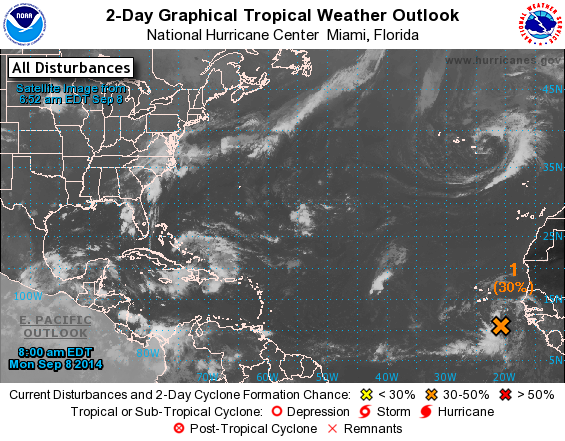
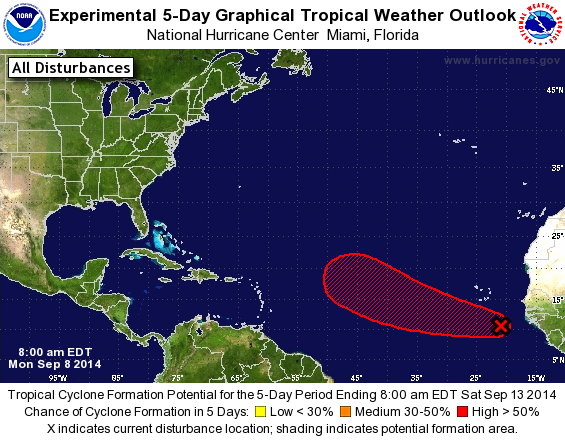
For the North Atlantic...Caribbean Sea and the Gulf of Mexico:

1. A broad area of low pressure located a few hundred miles south-southeast of the Cape Verde Islands is producing a large area of cloudiness and disorganized thunderstorms. Environmental conditions are forecast to be conducive for gradual development of this disturbance during the next several days while it moves westward or west-northwestward at about 15 mph.
* Formation chance through 48 hours...medium...30 percent.
* Formation chance through 5 days...high...60 percent.

Forecaster Brown